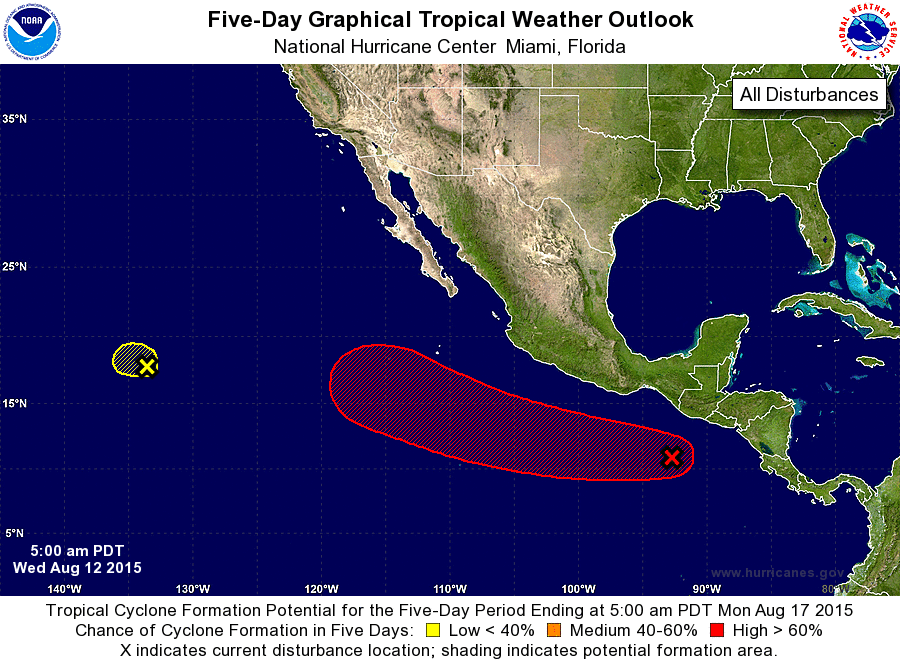
For the eastern North Pacific...east of 140 degrees west longitude:

1. A tropical wave located south of the southeastern coast of Mexico is producing disorganized showers and thunderstorms. An area of low pressure is forecast to form in association with this wave within a couple of days a few hundred miles south-southwest of the coast of Mexico. Environmental conditions should support development later this week, and the system is likely to become a tropical cyclone by later this weekend or early next week while it moves west- northwestward at about 15 mph.
* Formation chance through 48 hours...low...20 percent
* Formation chance through 5 days...high...90 percent

2. Shower and thunderstorm activity increased overnight in association with a low pressure area located about 1550 miles west-southwest of the southern tip of the Baja California peninsula. However, development of this low seems unlikely before environmental conditions become less favorable later today while it moves westward at about 10 mph.
* Formation chance through 48 hours...low...10 percent
* Formation chance through 5 days...low...10 percent

Forecaster Brennan